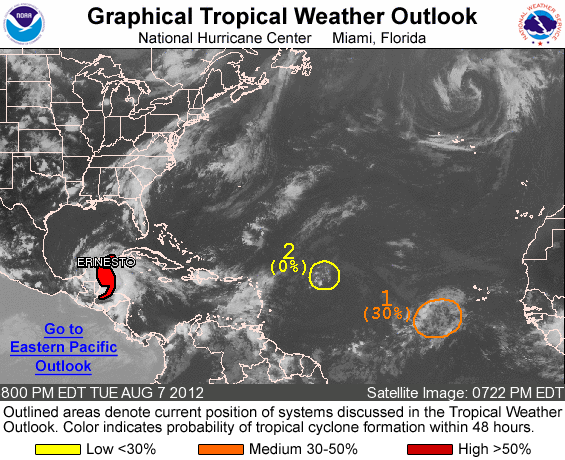
FOR THE NORTH ATLANTIC...CARIBBEAN SEA AND THE GULF OF MEXICO...

THE NATIONAL HURRICANE CENTER IS ISSUING ADVISORIES ON JUST-UPGRADED HURRICANE ERNESTO...LOCATED ABOUT 65 MILES EAST OF CHETUMAL MEXICO.

1. A SURFACE LOW PRESSURE SYSTEM ASSOCIATED WITH A TROPICAL WAVE LOCATED ABOUT 600 MILES WEST-SOUTHWEST OF THE CAPE VERDE ISLANDS HAS CONTINUED TO BECOME BETTER DEFINED. ALTHOUGH SHOWER ACTIVITY IS CURRENTLY DISORGANIZED...UPPER-LEVEL WINDS COULD BECOME MORE CONDUCIVE FOR GRADUAL DEVELOPMENT OVER THE NEXT COUPLE OF DAYS. THIS SYSTEM HAS A MEDIUM CHANCE...30 PERCENT...OF BECOMING A TROPICAL CYCLONE DURING THE NEXT 48 HOURS AS IT MOVES WESTWARD AT 10 TO 15 MPH.

2. SHOWER ACTIVITY HAS WEAKENED IN ASSOCIATION WITH THE REMNANT LOW OF FLORENCE LOCATED ABOUT 750 MILES EAST OF THE NORTHERN LEEWARD ISLANDS. ENVIRONMENTAL CONDITIONS ARE NOT CONDUCIVE FOR REDEVELOPMENT...AND THIS SYSTEM HAS A LOW CHANCE...NEAR 0 PERCENT...OF BECOMING A TROPICAL CYCLONE AGAIN DURING THE NEXT 48 HOURS AS IT MOVES WEST-NORTHWESTWARD AT ABOUT 20 MPH.

ELSEWHERE...TROPICAL CYCLONE FORMATION IS NOT EXPECTED DURING THE NEXT 48 HOURS.

FORECASTER STEWART/CANGIALOSI